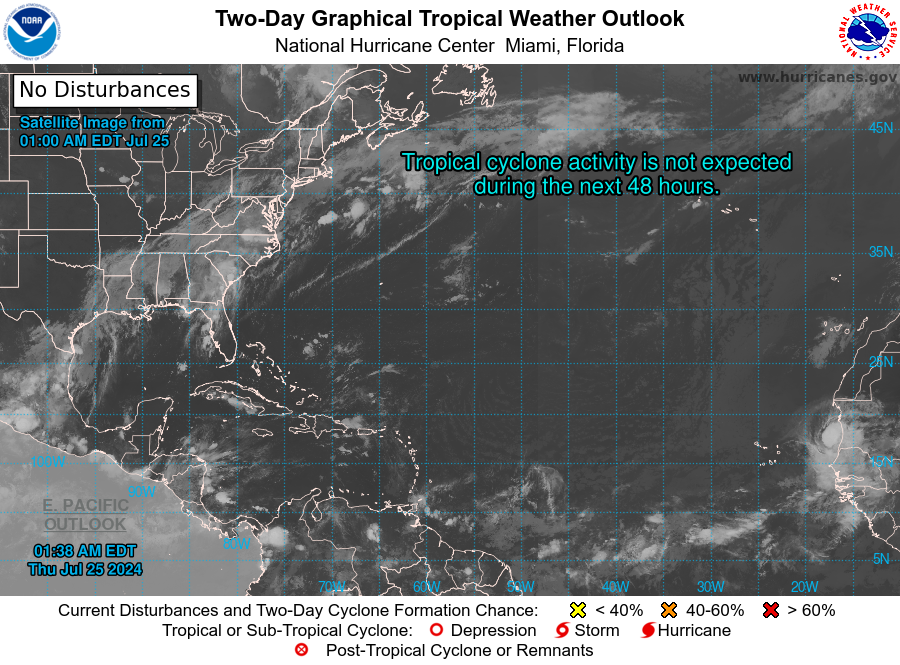
For the North Atlantic...Caribbean Sea and the Gulf of Mexico:

Tropical cyclone formation is not expected during the next 7 days.

Forecaster Beven